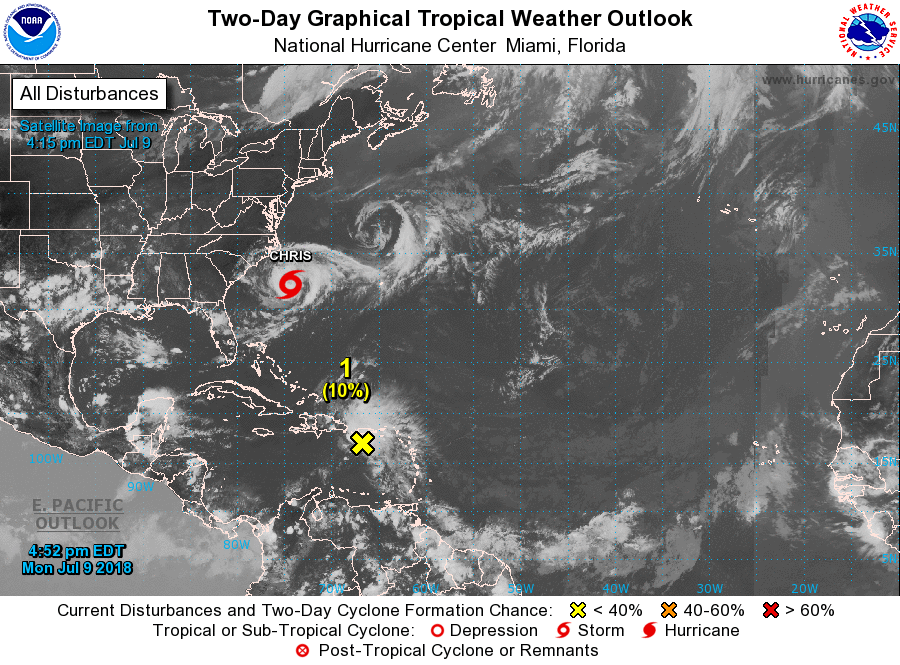
For the North Atlantic...Caribbean Sea and the Gulf of Mexico:

The National Hurricane Center is issuing advisories on Tropical Storm Chris, located a couple of hundred miles south-southeast of the North Carolina Outer Banks.

1. An area of showers and thunderstorms associated with the remnants of Beryl is producing locally heavy rainfall and strong gusty winds over the northeastern Caribbean Sea, the Virgin Islands, and Puerto Rico. The disturbance is expected to move quickly west-northwestward for the next day or so, passing over Hispaniola tonight and emerging over the Atlantic waters near the southeastern Bahamas on Tuesday. Unfavorable upper-level winds and interaction with land should prevent redevelopment during the next day or so, but environmental conditions are forecast to become a little more conducive for regeneration of a tropical cyclone on Wednesday or Thursday when the system is forecast to turn northward near the Bahamas and the western Atlantic. Additional information on this system can be found in High Seas Forecasts issued by the National Weather Service.
* Formation chance through 48 hours...low...10 percent.
* Formation chance through 5 days...medium...50 percent.

High Seas Forecasts issued by the National Weather Service can be found under AWIPS header NFDHSFAT1, WMO header FZNT01 KWBC, and on the Web at http://ocean.weather.gov/shtml/NFDHSFAT1.shtml.

Forecaster Stewart